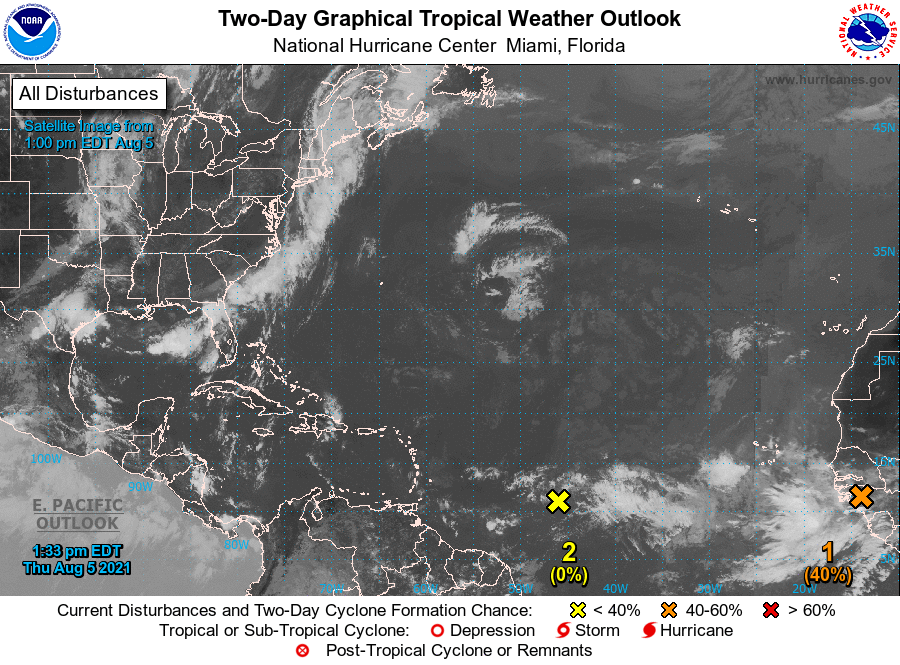
For the North Atlantic...Caribbean Sea and the Gulf of Mexico:

1. A tropical wave near the west coast of Africa is producing a large area of disorganized showers and thunderstorms. The wave is expected to move off the coasts of Senegal, The Gambia, and Guinea-Bissau later tonight. Environmental conditions appear somewhat conducive for gradual development, and a tropical depression is likely to form over the eastern tropical Atlantic south of the Cabo Verde Islands by late Saturday or early Sunday while the system moves westward to west-northwestward at about 15 mph.
* Formation chance through 48 hours...medium...40 percent.
* Formation chance through 5 days...high...70 percent.

2. A tropical wave located over the central tropical Atlantic continues to produce a broad area of disorganized showers and thunderstorms. Environmental conditions are expected to be marginally conducive for some slow development east of the Lesser Antilles by early next week while the disturbance moves west-northwestward at 10 to 15 mph.
* Formation chance through 48 hours...low...near 0 percent.
* Formation chance through 5 days...low...20 percent.

Forecaster Stewart